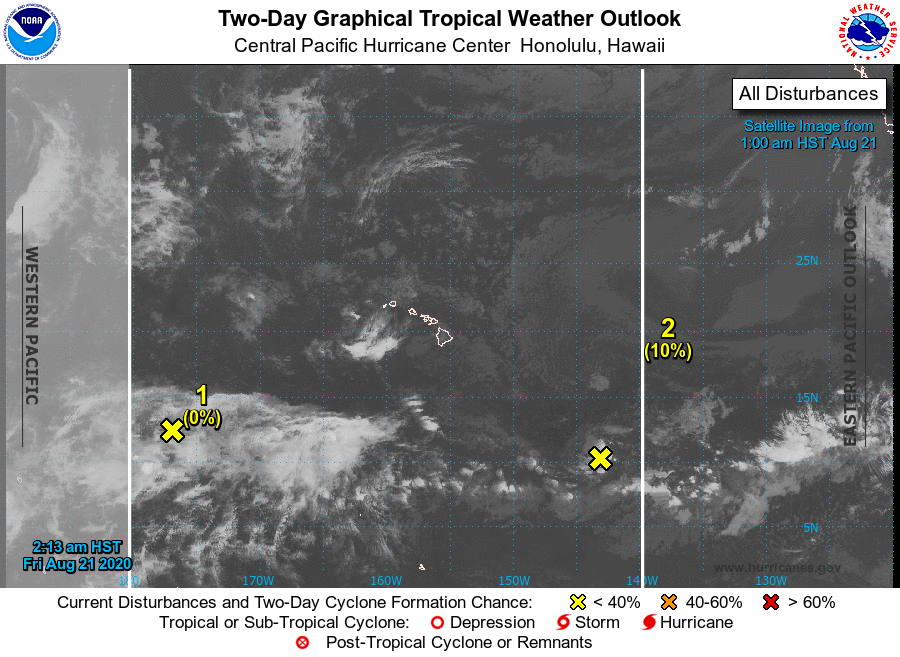
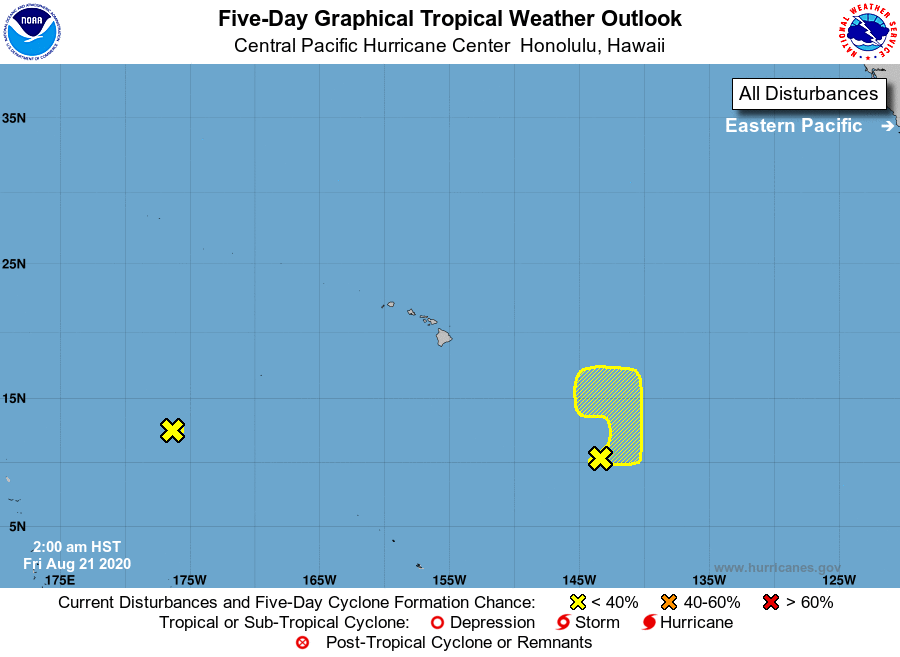
For the central North Pacific...between 140W and 180W:

1. A elongated area of low pressure located around 1400 miles west-southwest of Honolulu, Hawaii, is producing disorganized showers and thunderstorms. Environmental conditions are expected to become increasingly unfavorable during the next day or two as the system moves slowly northwestward, and development of this system is no longer expected.
* Formation chance through 48 hours...low...near 0 percent.
* Formation chance through 5 days...low...near 0 percent.

2. An area of low pressure located around 1000 miles southeast of Hilo, Hawaii, is producing scattered showers and thunderstorms. Environmental conditions appear marginally conducive for development as the system moves slowly east and then north during the next few days, before conditions become unfavorable for development early next week.
* Formation chance through 48 hours...low...10 percent.
* Formation chance through 5 days...low...20 percent.

Elsewhere, no tropical cyclones are expected during the next 5 days.

Forecaster Jelsema